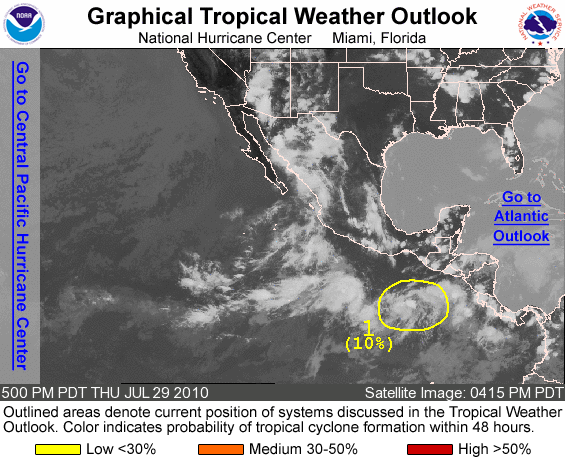
FOR THE EASTERN NORTH PACIFIC...EAST OF 140 DEGREES WEST LONGITUDE..

1. CLOUDINESS AND SHOWERS CONTINUE IN ASSOCIATION WITH A BROAD AREA OF LOW PRESSURE LOCATED A COUPLE HUNDRED MILES SOUTH OF THE GULF OF TEHUANTEPEC. THIS SYSTEM REMAINS POORLY ORGANIZED...AND DEVELOPMENT OF THIS DISTURBANCE IS EXPECTED TO BE SLOW TO OCCUR AS IT MOVES WESTWARD OR WEST-NORTHWESTWARD AT 10 TO 15 MPH. THERE IS A LOW CHANCE...10 PERCENT...OF THIS SYSTEM BECOMING A TROPICAL CYCLONE DURING THE NEXT 48 HOURS.

ELSEWHERE...TROPICAL CYCLONE FORMATION IS NOT EXPECTED DURING THE NEXT 48 HOURS.

FORECASTER BEVEN